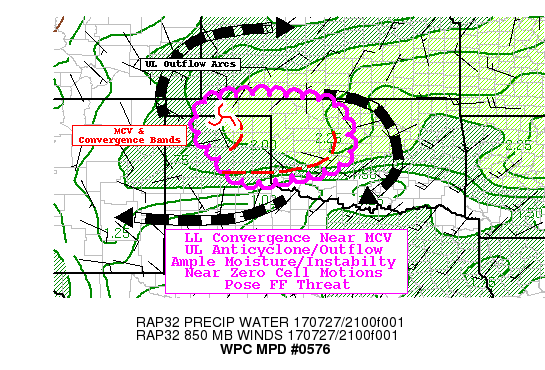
AREAS AFFECTED...NORTHWEST OK...NORTHERN TX PANHANDLE

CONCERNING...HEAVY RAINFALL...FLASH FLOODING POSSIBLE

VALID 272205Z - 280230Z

SUMMARY...AMPLE MOISTURE/INSTABILITY WITH VERY SLOW/ZERO CELL
MOTIONS SUPPORT  LOCALIZED BUT EFFICIENT THUNDERSTORMS CAPABLE OF
PRODUCING FLASH FLOODING CONDITIONS.

DISCUSSION...EXPERIMENTAL GOES-16 MULTI-SPECTRAL SUITE DEPICTS
LAST EVENING'S MCV REMAINS FAIRLY STATIONARY NEAR THE CENTRAL
TX/OK PANHANDLE BOARDER.  THIS MCV SITS NEARLY VERTICALLY ALIGNED
WITH UPPER LEVEL 3-2H ANTICYCLONE.  AS SUCH MODEST LOW LEVEL
CONVERGENCE IS SUPPORTED BY WEAK BUT HIGHLY SUPPORTIVE UPPER LEVEL
EVACUATION.  IN THE LARGER SCALE HOWEVER...AREA OF CONCERN IS
LOCATED IN THE NORTHEAST RETURN BRANCH/DEFORMATION ZONE FROM
ANOMALOUSLY DEEP/RICH MOISTURE SOURCE ACROSS THE OZARKS TO TN
VALLEY.  THIS MST ADVECTION/WEAK UPSLOPE FLOW HAS BROUGHT SFC TDS
TO THE LOW 70S ACROSS NE OK AND THE OK/N TX PANHANDLES WITH
2000-2500 J/KG MLCAPE AND TPWS AT 2.0" INCREASING TOWARD THE
NORTHEAST.

AS SUCH TIGHT MCV CIRCULATION HAS PROVIDED SUFFICIENT MST
CONVERGENCE NEAR THE CENTER WHICH HAS BEEN CYCLING AND SLOWLY
DRIFTING EAST WITH THE MCV OVER OCHILTREE INTO LIPSCOMB COUNTY
WITH RATES UP TO 2"/HR.  RECENT IR/VIS TRENDS ALSO INDICATES
STRENGTHENING CONVERGENCE ALONG OUTER BAND OF THE MCV/OLD OUTFLOW
FROM LAST EVENING ACROSS NORTH OF THE RED RIVER INTO WEST CENTRAL
OK...WITH ADDITIONAL CONVECTION FILLING IN BETWEEN.  THIS INCREASE
IN COVERAGE SUPPORTS A LARGER AREAL THREAT FOR RAINRATES OF 2"/HR
AND LOCALIZED TOTALS OF 3-4" LEADING TO POSSIBLE FLASH FLOODING
CONDITIONS OVER THE NEXT FEW HOURS.